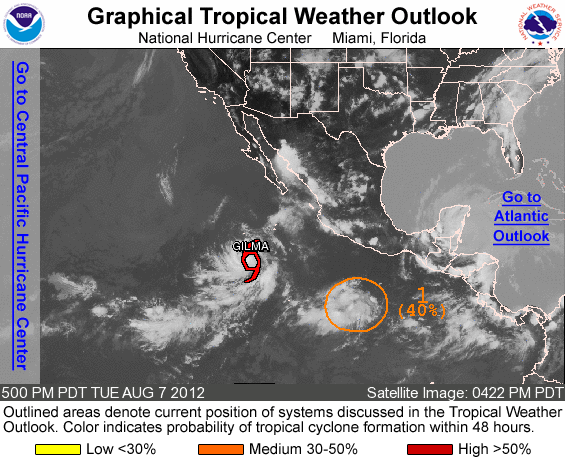
FOR THE EASTERN NORTH PACIFIC...EAST OF 140 DEGREES WEST LONGITUDE..

THE NATIONAL HURRICANE CENTER IS ISSUING ADVISORIES ON TROPICAL STORM GILMA...LOCATED ABOUT 600 MILES SOUTH-SOUTHWEST OF THE SOUTHERN TIP OF BAJA CALIFORNIA.

1. SHOWERS AND THUNDERSTORMS ASSOCIATED WITH AN AREA OF LOW PRESSURE LOCATED ABOUT 450 MILES SOUTH OF ACAPULCO MEXICO HAVE BECOME MUCH BETTER ORGANIZED DURING THE LAST SEVERAL HOURS. ADDITIONAL DEVELOPMENT OF THIS SYSTEM IS POSSIBLE AND IT COULD BECOME A TROPICAL DEPRESSION DURING THE NEXT DAY OR TWO. THIS SYSTEM HAS A MEDIUM CHANCE...40 PERCENT...OF BECOMING A TROPICAL CYCLONE AS IT DRIFTS WESTWARD DURING THE NEXT 48 HOURS.

ELSEWHERE...TROPICAL CYCLONE FORMATION IS NOT EXPECTED DURING THE NEXT 48 HOURS.

&&
PUBLIC ADVISORIES ON TROPICAL STORM GILMA ARE ISSUED UNDER WMO HEADER WTPZ32 KNHC AND UNDER AWIPS HEADER MIATCPEP2. FORECAST/ADVISORIES ON TROPICAL STORM GILMA ARE ISSUED UNDER WMO HEADER WTPZ22 KNHC AND UNDER AWIPS HEADER MIATCMEP2.

FORECASTER CANGIALOSI/STEWART